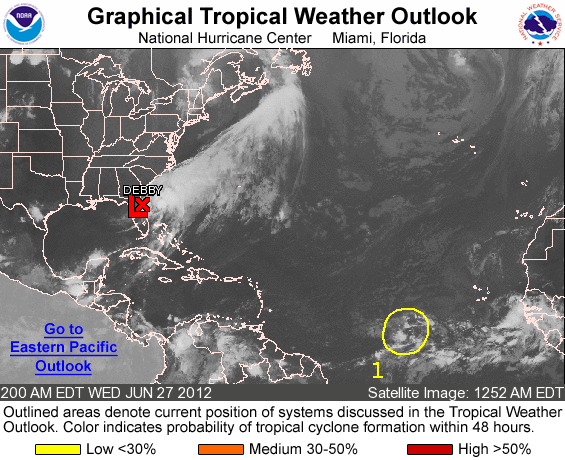
FOR THE NORTH ATLANTIC...CARIBBEAN SEA AND THE GULF OF MEXICO...

THE NATIONAL HURRICANE CENTER IS ISSUING ADVISORIES ON TROPICAL DEPRESSION DEBBY...MOVING EASTWARD ACROSS NORTH-CENTRAL FLORIDA.

1. A WESTWARD-MOVING TROPICAL WAVE LOCATED HALFWAY BETWEEN THE WEST COAST OF AFRICA AND THE LESSER ANTILLES IS PRODUCING DISORGANIZED SHOWERS AND THUNDERSTORMS. DEVELOPMENT..IF ANY...WILL BE SLOW TO OCCUR...AND THIS SYSTEM HAS A LOW CHANCE...10 PERCENT...OF BECOMING A TROPICAL CYCLONE DURING THE NEXT 48 HOURS.

ELSEWHERE...TROPICAL CYCLONE FORMATION IS NOT EXPECTED DURING THE NEXT 48 HOURS.

FORECASTER AVILA